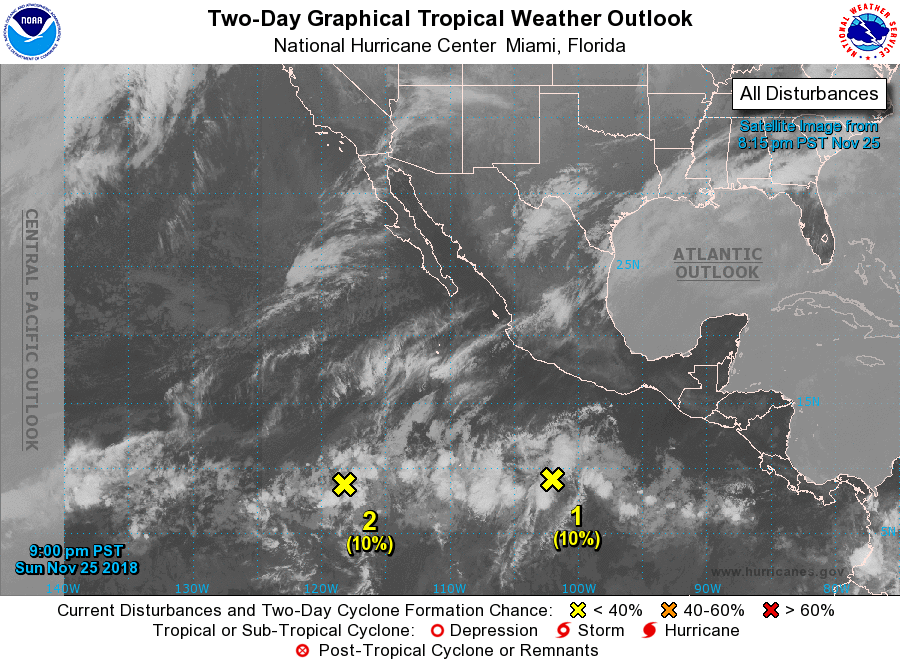
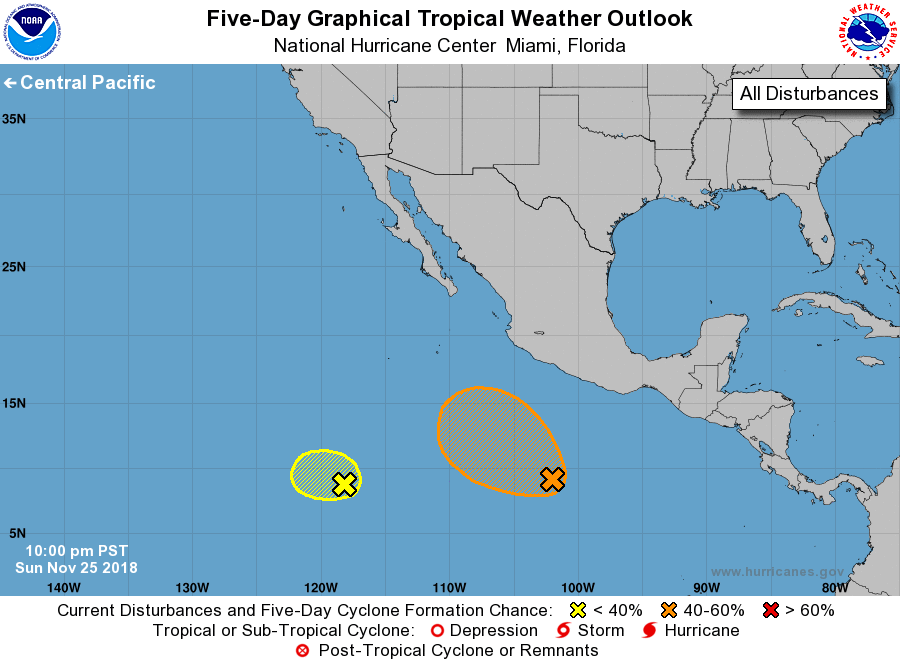
For the eastern North Pacific...east of 140 degrees west longitude:

1. Disorganized cloudiness and showers located several hundred miles south-southwest of Acapulco, Mexico, are associated with an elongated area of low pressure. Environmental conditions could become somewhat conducive for gradual development during the next several days while the disturbance moves slowly northwestward.
* Formation chance through 48 hours...low...10 percent.
* Formation chance through 5 days...medium...40 percent.

2. Shower and thunderstorm activity associated with another area of low pressure located about 1150 miles south-southwest of the southern tip of the Baja California peninsula has become less organized this evening. Significant development of this system is not expected due to unfavorable upper-level winds.
* Formation chance through 48 hours...low...10 percent.
* Formation chance through 5 days...low...10 percent.

Forecaster Brown